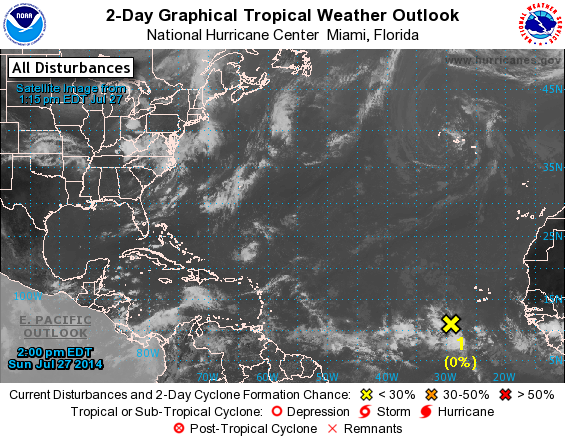
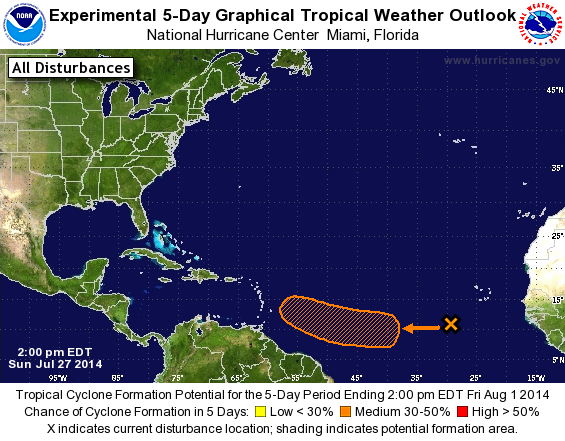
For the North Atlantic...Caribbean Sea and the Gulf of Mexico:

1. A tropical wave is located several hundred miles southwest of the Cape Verde Islands. The associated shower activity remains limited and disorganized, and development should be slow to occur over the next couple of days. By the middle of this week, however, environmental conditions are expected to become conducive for gradual development over the central tropical Atlantic as the system moves westward at 10 to 15 mph.
* Formation chance through 48 hours...low...near 0 percent.
* Formation chance through 5 days...medium...40 percent.

Forecaster Roberts